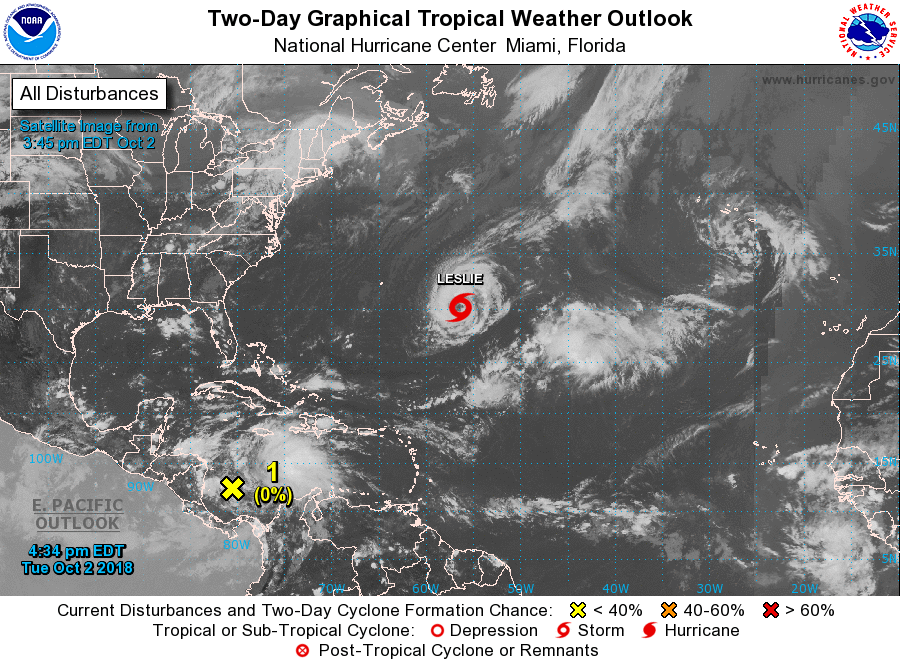
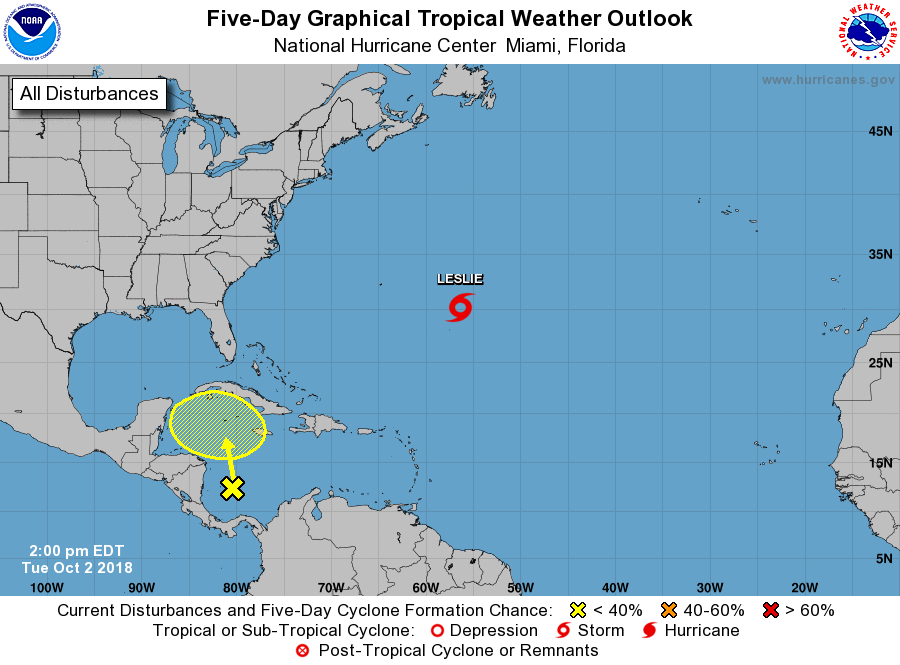
For the North Atlantic...Caribbean Sea and the Gulf of Mexico:

The National Hurricane Center is issuing advisories on Tropical Storm Leslie, located over the central Atlantic Ocean.

1. A broad area of low pressure located over the southwestern Caribbean Sea is producing a large area of disorganized showers and thunderstorms. Some gradual development of this system is possible late this week and this weekend while the low drifts generally northward during the next several days.
* Formation chance through 48 hours...low...near 0 percent.
* Formation chance through 5 days...low...20 percent.

Forecaster Burke/Bann/Cangialosi